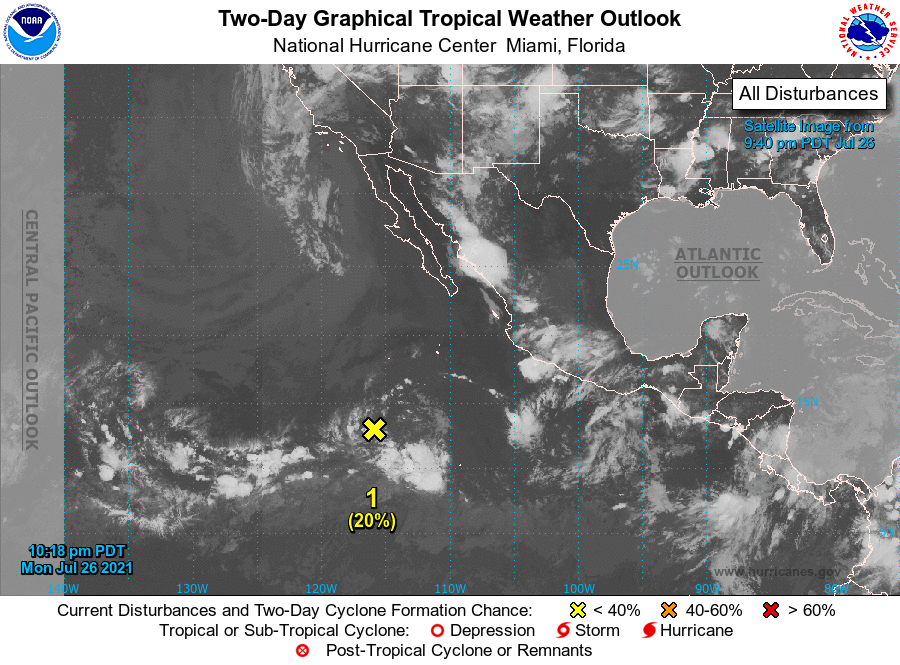
For the eastern North Pacific...east of 140 degrees west longitude:

1. A small but well-defined area of low pressure located about 800 miles south-southwest of the southern tip of the Baja California peninsula continues to produce a small area of shower and thunderstorm activity near its center. Environmental conditions appear marginally conducive for some gradual development of this system over the next several days as it moves westward at around 10 mph.
* Formation chance through 48 hours...low...20 percent.
* Formation chance through 5 days...low...30 percent.

2. An area of low pressure is forecast to develop in a few days several hundred miles south of the Gulf of Tehuantepec. Environmental conditions appear conducive for some gradual development thereafter, and a tropical depression could form late this week or over the weekend while the system moves west-northwestward at around 15 mph, staying several hundred miles offshore of the coast of southern Mexico.
* Formation chance through 48 hours...low...near 0 percent.
* Formation chance through 5 days...medium...40 percent.

Forecaster Papin/Brown